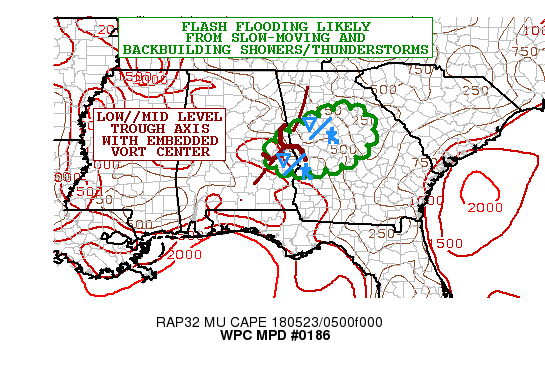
AREAS AFFECTED...EAST-CENTRAL AL...WESTERN/CENTRAL GA

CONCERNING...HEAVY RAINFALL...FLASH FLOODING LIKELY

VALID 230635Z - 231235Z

SUMMARY...VERY SLOW-MOVING SHOWERS AND THUNDERSTORMS WITH
EXTREMELY HEAVY RAINFALL RATES ARE EXPECTED TO CAUSE FLASH
FLOODING OVER THE NEXT SEVERAL HOURS.

DISCUSSION...A SMALL-SCALE LOW TO MID LEVEL TROUGH AXIS IS ALIGNED
GENERALLY SW/NE FROM AREAS OF EASTERN AL UP ACROSS NORTHWEST GA.
THIS TROUGH HAS SOME CONCENTRATED VORT ENERGY EMBEDDED WITHIN IT
AND PARTICULARLY NEAR THE AL/GA LINE EAST OF THE AUBURN AREA.

THERE HAS BEEN A NOTABLE EXPANSION AND COOLING OF CONVECTIVE TOPS
OVER THE LAST COUPLE OF HOURS AS SEEN IN THE GOES-16 CLEAN IR
SATELLITE IMAGERY. THE ACTIVITY IS FOCUSING JUST EAST OF A MEAN
925/700MB LAYER TROUGH AXIS AND IS BEING AIDED BY AN INSTABILITY
GRADIENT WITH MUCAPE VALUES OF 500 TO 1000 J/KG.

MOISTURE IS ALSO VERY PLENTIFUL AND THE CONVECTION HAS BEEN
EMBEDDED WITHIN A VERY MOIST 850 MB AXIS WITH SOUTHWEST 850 MB
FLOW OF 20 TO 25 KTS SUSTAINING LOW LEVEL MOISTURE TRANSPORT.
PWATS ARE UPWARDS OF 1.8 TO 1.9 INCHES BASED ON GPS-DERIVED DATA
AND THIS IS CONTRIBUTING TO HIGHLY EFFICIENT RAINFALL PROCESSES
FOR EXTREMELY HEAVY RAINFALL RATES TO NEAR 3 INCHES/HR LOCALLY.

THE HIRES MODELS ARE NOT NECESSARILY IN GOOD AGREEMENT ON THE
LOCATION OF THE HEAVIEST RAINFALL POTENTIAL EARLY THIS
MORNING...BUT THEY ALL AGREE IN A VERY HEAVY RAINFALL SIGNAL. THE
EXPERIMENTAL HRRR GUIDANCE APPEARS TO HAVE THE BEST HANDLE ON THE
ACTIVITY AND IS FOLLOWED AT THIS TIME.

EXPECT THE ACTIVITY CURRENTLY TO TEND TO ADVANCE MORE INTO
WEST-CENTRAL GA AND EXPAND A BIT MORE IN COVERAGE OFF TO THE
EAST-NORTHEAST. WILL NEED TO CLOSELY MONITOR THE POTENTIAL CLOSER
TO DAWN ACROSS THE SOUTHERN SUBURBS OF ATLANTA AS CONVECTION MAY
DEVELOP OR ADVECT INTO THESE AREAS. EXPECT LOCALLY OVER 5 INCHES
OF RAIN GIVEN THE EXTREMELY HEAVY RAINFALL RATES AND SLOW MOVEMENT
OF THE CONVECTION. FLASH FLOODING WILL BE LIKELY AS A RESULT AND
HAS ALREADY BEGUN AND WILL CONTINUE FOR SOME AREAS CURRENTLY ALONG
THE AL/GA BORDER.